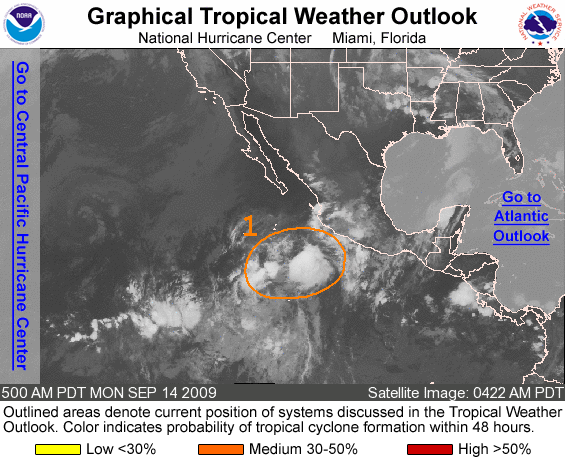
FOR THE EASTERN NORTH PACIFIC...EAST OF 140 DEGREES WEST LONGITUDE..

1. A LARGE AREA OF DISTURBED WEATHER LOCATED A FEW HUNDRED MILES SOUTHWEST OF MANZANILLO MEXICO IS PRODUCING DISORGANIZED SHOWERS AND THUNDERSTORMS. ENVIRONMENTAL CONDITIONS APPEAR FAVORABLE FOR DEVELOPMENT OF THIS SYSTEM AS IT MOVES GENERALLY WEST-NORTHWESTWARD DURING THE NEXT DAY OR TWO. THERE IS A MEDIUM CHANCE...30 TO 50 PERCENT...OF THIS SYSTEM BECOMING A TROPICAL CYCLONE DURING THE NEXT 48 HOURS.

ELSEWHERE...TROPICAL CYCLONE FORMATION IS NOT EXPECTED DURING THE NEXT 48 HOURS.

FORECASTER BROWN